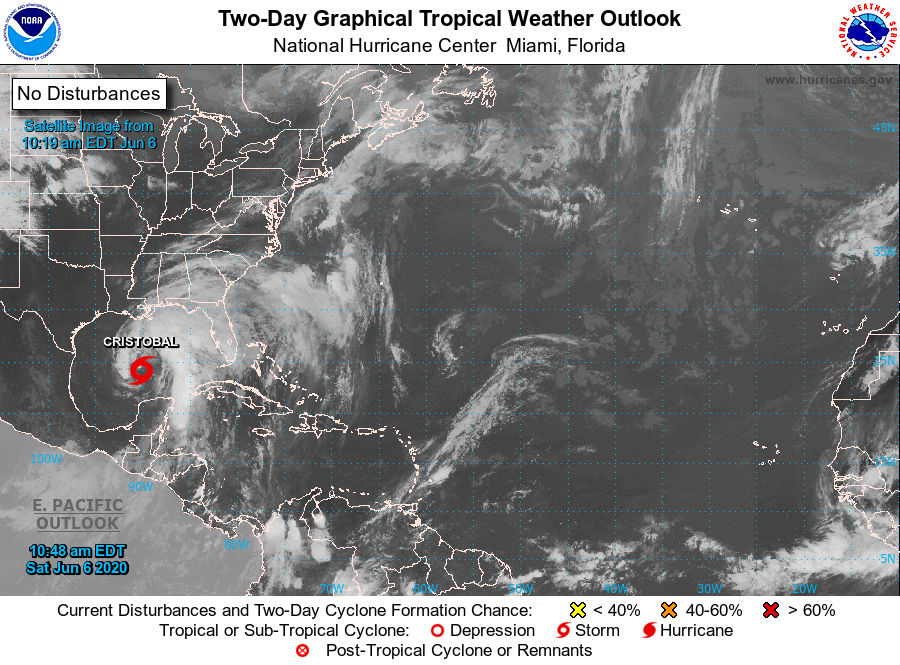
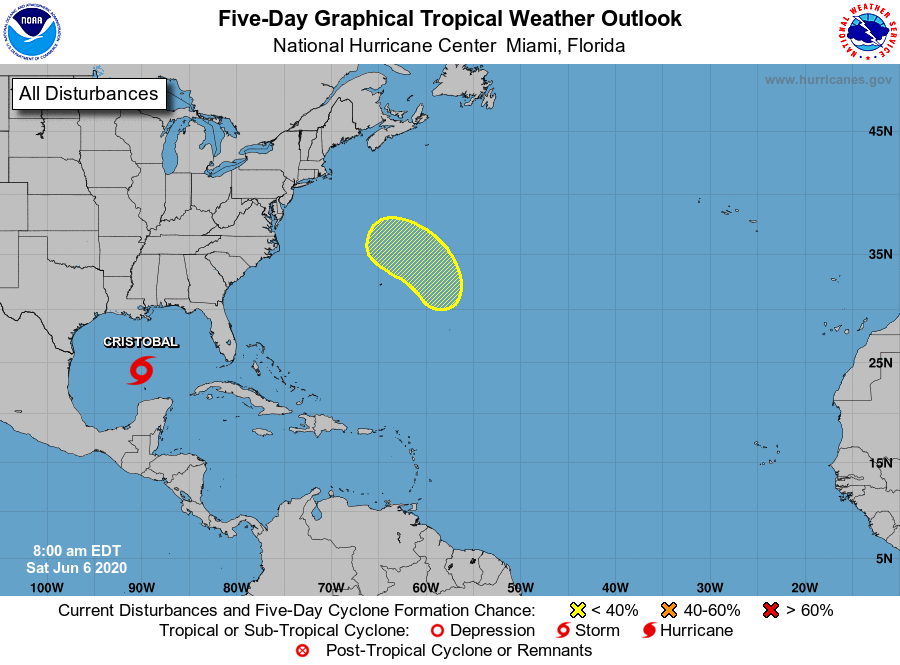
For the North Atlantic...Caribbean Sea and the Gulf of Mexico:

The National Hurricane Center is issuing advisories on Tropical Storm Cristobal, centered over the central Gulf of Mexico.

1. An area of low pressure is expected to develop along a cold front a few hundred miles east or northeast of Bermuda by the middle of next week. Some development of this system is possible while it moves northwestward or west-northwestward over the western Atlantic.
* Formation chance through 48 hours...low...near 0 percent.
* Formation chance through 5 days...low...20 percent.

Forecaster Berg